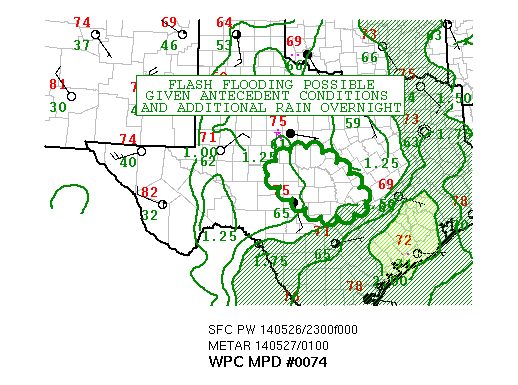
AREAS AFFECTED...CENTRAL AND NORTH CENTRAL TX

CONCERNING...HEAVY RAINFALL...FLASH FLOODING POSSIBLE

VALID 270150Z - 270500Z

SUMMARY...EVENING RADAR FROM WEST TEXAS SHOWS CONVECTION BECOMING
ORIENTED IN SUCH A WAY THAT TRAINING OF CELLS IS POSSIBLE.  THE
FACT THAT THESE CELLS ARE APPROACHING AN AREA THAT HAS ALREADY
SEEN MODERATE TO HEAVY RAINFALL RECENTLY SUGGESTS THAT FLASH
FLOODING WILL BE POSSIBLE UNTIL AT LEAST 27/05Z.

DISCUSSION...CONVECTION OVER WEST TX HAD BEEN SUPPORTED BY HIGHLY
DIFLUENT FLOW TO THE EAST OF A SLOW MOVING UPPER LOW OVER NM.  THE
SOUTHERN END OF THIS AREA OF CONVECTION HAD BECOME ALIGNED MORE
WEST TO EAST OVER THE PAST FEW HOURS WHICH WILL ALLOW FOR TRAINING
OF CELLS CAPABLE OF PRODUCING MODERATE TO HEAVY RAINFALL. AN OLD
BOUNDARY WAS EVIDENT IN THE LAST FEW VISIBLE SATELLITE IMAGERY
ACROSS THIS SAME AREA OF TX WHICH SHOULD HELP FOCUS THE
CONVECTION.  00Z SOUNDINGS AND SATELLITE DERIVED STABILITY
PARAMETERS SUGGEST THAT THIS AREA HAS BECOME MORE UNSTABLE WITH
INCREASING CAPE AND DECREASING VALUES OF CIN.  WHILE THE DEEPEST
MOISTURE WAS SHUNTED OFF OVER SOUTHEAST TX...PW VALUES IN THE MPD
AREA OF 1.5 TO 1.75 INCHES WOULD STILL BE MORE THAN CAPABLE OF
PRODUCING FLASH FLOOD GIVEN 1 AND 3 HOUR FLASH FLOOD GUIDANCE
VALUES ON AN INCH OR LESS.

THIS AREA WAS ALSO HIGHLIGHTED BY SOME OF THE HIGH RESOLUTION
CONVECTION EXPLICIT MODELS INCLUDING THE HRRR FOR SEVERAL RUNS.